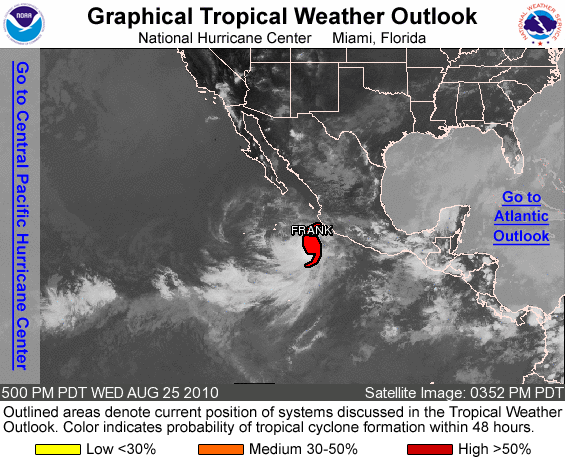
FOR THE EASTERN NORTH PACIFIC...EAST OF 140 DEGREES WEST LONGITUDE..

THE NATIONAL HURRICANE CENTER IS ISSUING ADVISORIES ON HURRICANE FRANK...LOCATED ABOUT 240 MILES SOUTH OF CABO CORRIENTES MEXICO.

ELSEWHERE...TROPICAL CYCLONE FORMATION IS NOT EXPECTED DURING THE NEXT 48 HOURS.

FORECASTER BROWN